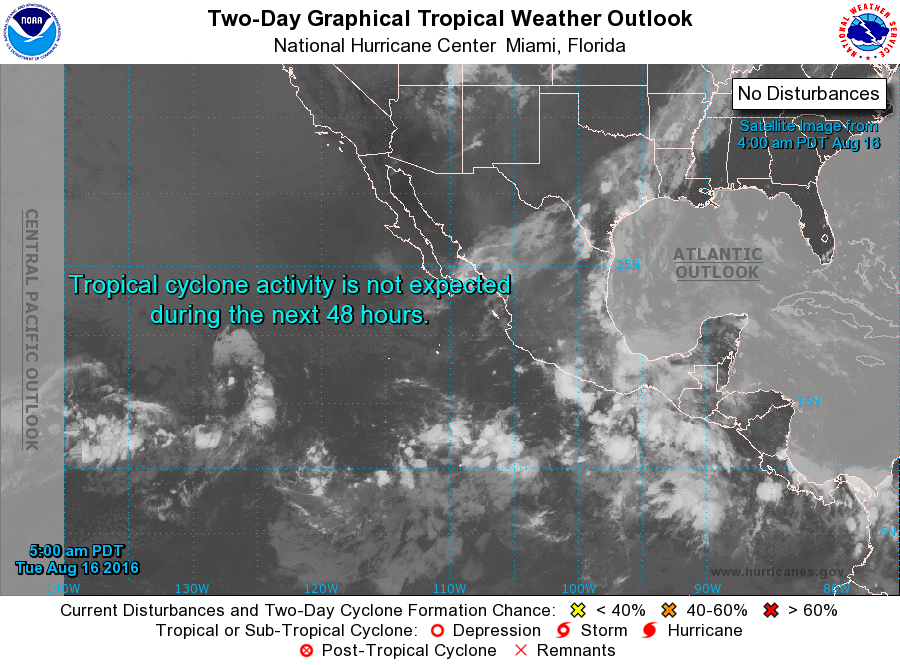
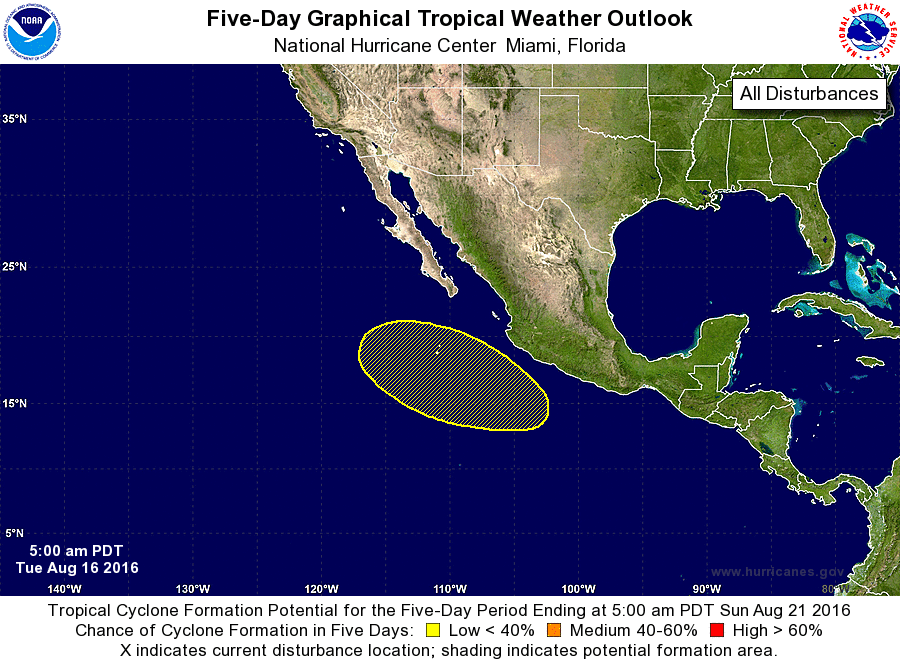
For the eastern North Pacific...east of 140 degrees west longitude:

1. An area of low pressure is forecast to form off of the southwestern coast of Mexico in a few days. Some subsequent development of this system is possible late in the week while it moves generally west-northwestward.
* Formation chance through 48 hours...low...near 0 percent
* Formation chance through 5 days...low...30 percent

Forecaster Stewart